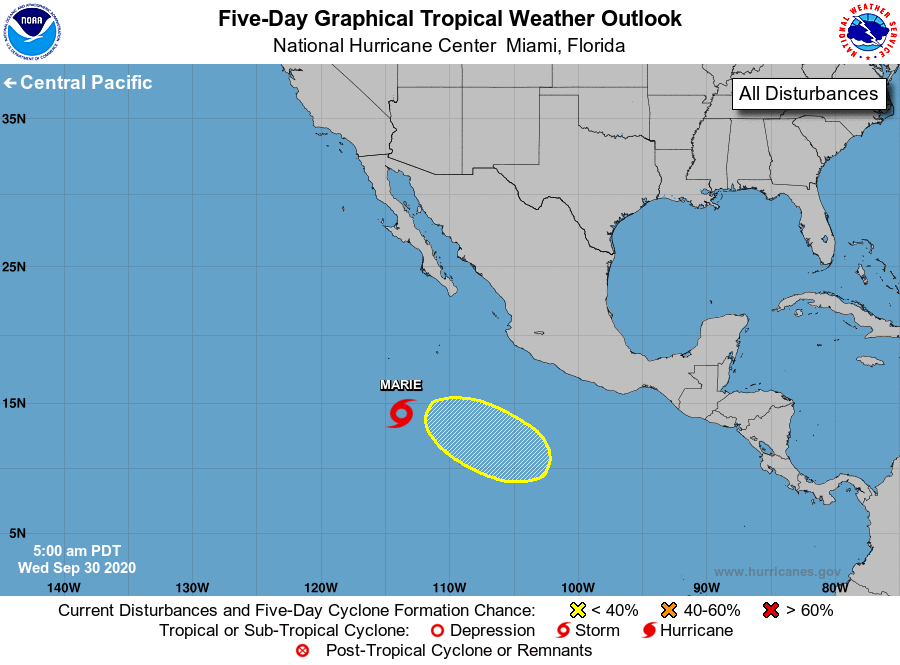
For the eastern North Pacific...east of 140 degrees west longitude:

The National Hurricane Center is issuing advisories on Tropical Storm Marie, located several hundred miles south-southwest of the southern tip of the Baja California peninsula.

1. A broad area of low pressure is expected to form a few hundred miles southwest of the coast of southwestern Mexico in a few days. Thereafter, some slow development is possible through early next week while the system moves west-northwestward at 5 to 10 mph.
* Formation chance through 48 hours...low...near 0 percent.
* Formation chance through 5 days...low...30 percent.

Forecaster Berg